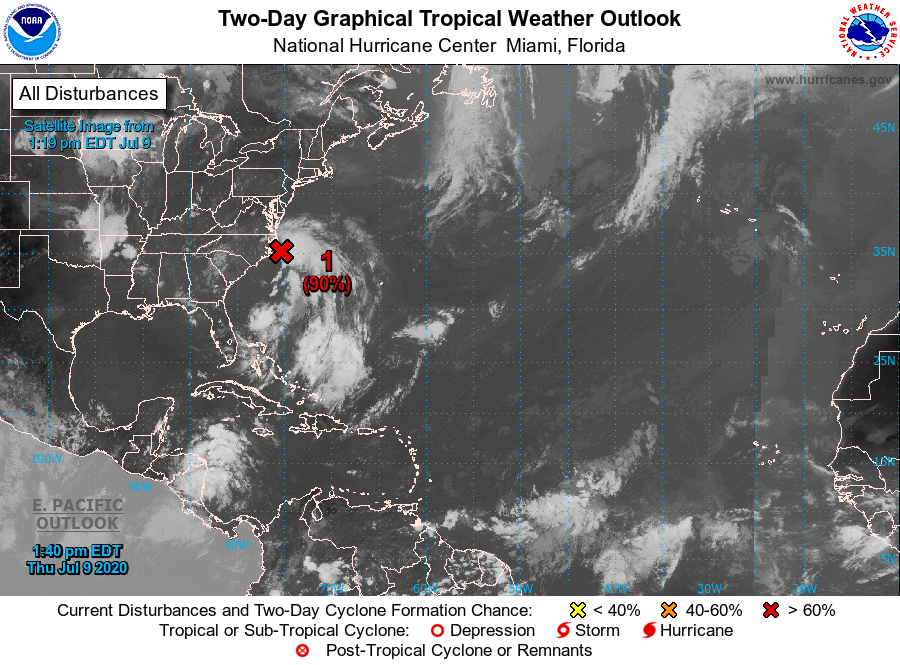
For the North Atlantic...Caribbean Sea and the Gulf of Mexico:

Shower and thunderstorm activity associated with a low pressure area located near the Outer Banks of North Carolina has continued to increase and is showing signs of organization. Recent satellite and radar imagery, along with surface observations and data from an Air Force Reserve reconnaissance aircraft that is just beginning to investigate the system, suggest that a new center of circulation could be forming east of Cape Hatteras. If these development trends continue, this system is likely to become a tropical depression or storm later today or tonight. The low is expected to move north- northeastward along the mid-Atlantic coast tonight through Friday night.

1. Regardless of development, the system is expected to produce locally heavy rainfall that could cause some flash flooding across portions of eastern North Carolina, the coastal mid-Atlantic, and southern New England during the next few days. Gusty winds are also possible along the North Carolina Outer Banks today, and along the mid-Atlantic and southern New England coasts Friday and Saturday. Interests in these areas should monitor the progress of this system and refer to products from your local National Weather Service office.
* Formation chance through 48 hours...high...90 percent.
* Formation chance through 5 days...high...90 percent.

Forecaster Brown